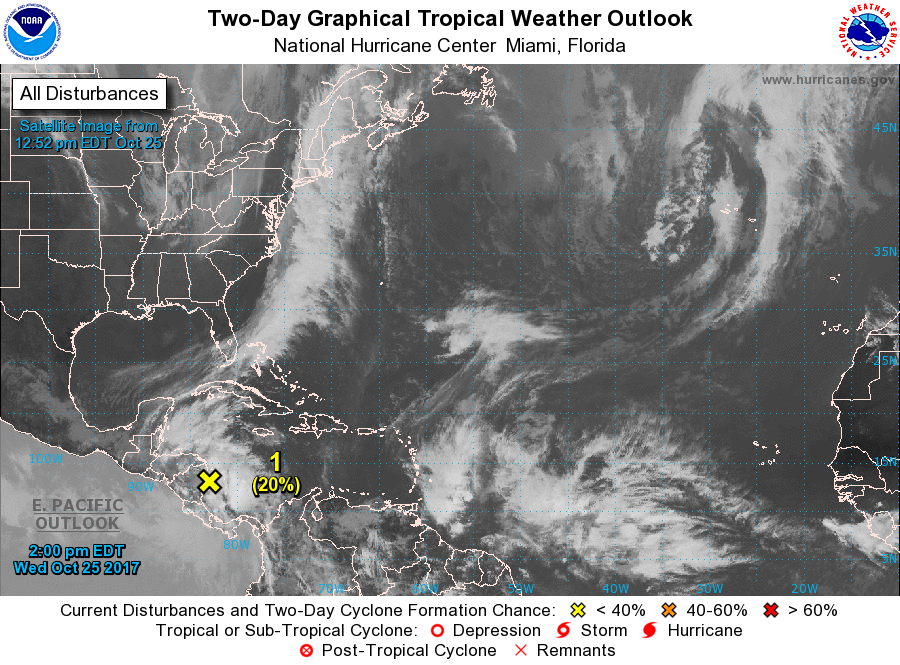
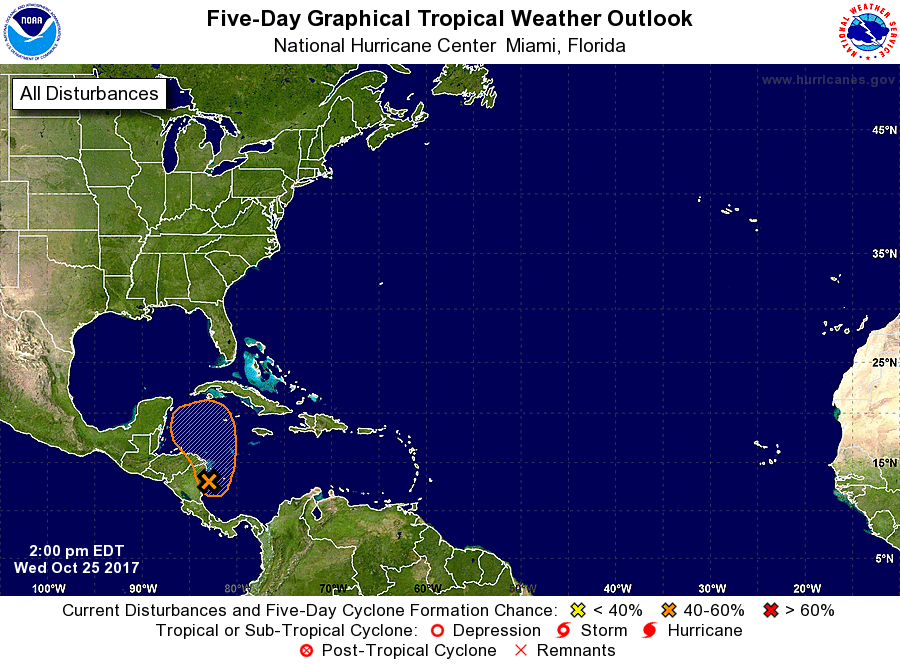
For the North Atlantic...Caribbean Sea and the Gulf of Mexico:

1. Showers and thunderstorms associated with a broad area of low pressure located over the western Caribbean Sea and Central America have become a little better organized over the past few hours. Close proximity to land is likely to limit development of this system for the next day or so. However, environmental conditions are expected to be conducive for the system to become more organized later this week as it moves slowly northward over the northwestern Caribbean Sea. Strong upper-level winds associated with an approaching cold front will likely prevent further development by Sunday. Regardless of development, locally heavy rains are likely over portions of Central America and Cuba during the next several days.
* Formation chance through 48 hours...low...20 percent.
* Formation chance through 5 days...medium...40 percent.

Forecaster Zelinsky